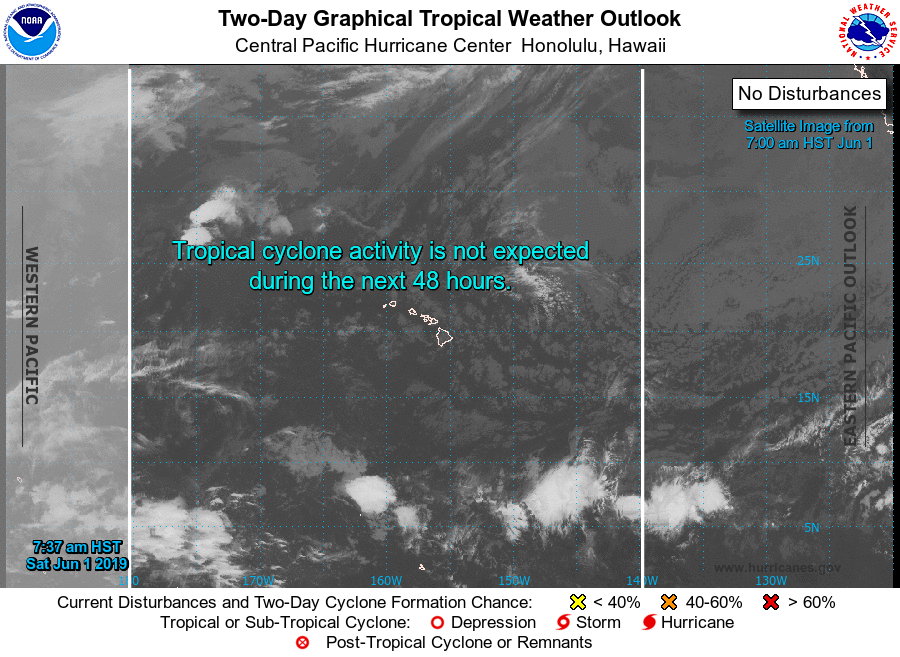
For the central North Pacific...between 140W and 180W:

No tropical cyclones are expected through the next 5 days.

Today marks the beginning of the official 2019 hurricane season in the central North Pacific. The Tropical Weather Outlook indicates the potential for future tropical cyclone development and/or current tropical cyclone activity in the Central Pacific Hurricane Center area of responsibility. This outlook will be routinely issued four times per day at 2 AM, 8 AM, 2 PM and 8 PM Hawaiian Standard Time from today through the end of the hurricane season on November 30.

Forecaster Donaldson